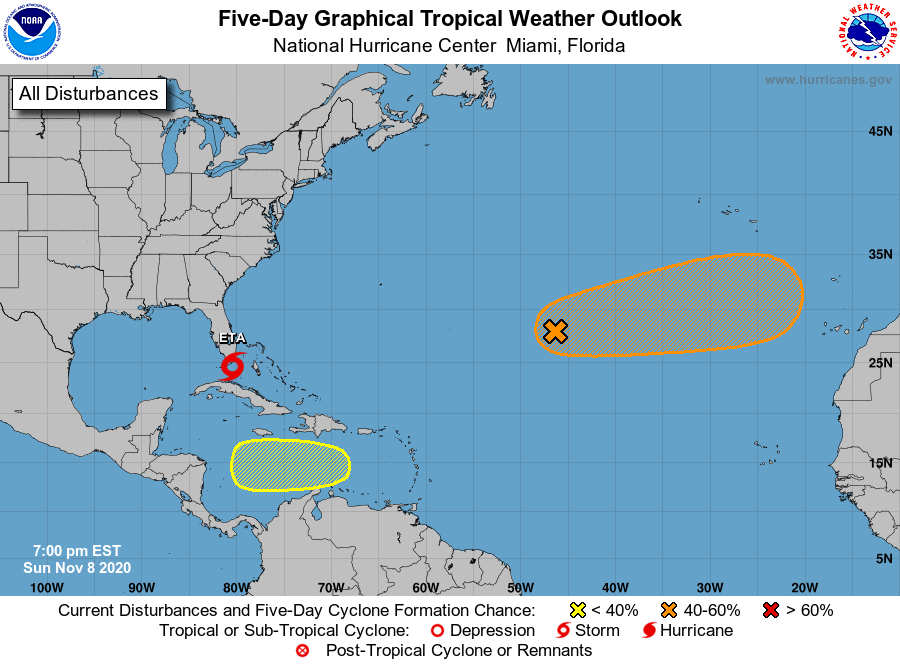
For the North Atlantic...Caribbean Sea and the Gulf of Mexico:

The National Hurricane Center is issuing advisories on Tropical Storm Eta, located just southeast of the southern Florida Peninsula and the Florida Keys.

1. A low pressure system is located several hundred miles southwest of the Azores. Shower and thunderstorm activity associated with the system is beginning to show some signs of organization. This low could develop further over the next several days, and a tropical or subtropical storm could develop by the end of the week while this system moves eastward or east-northeastward over the northeastern Atlantic Ocean.
* Formation chance through 48 hours...low...30 percent.
* Formation chance through 5 days...medium...40 percent.

2. A tropical wave is forecast to move over the central Caribbean Sea, where an area of low pressure could form in a few days. Environmental conditions are forecast to be conducive for development as the system moves slowly westward through the end of the week.
* Formation chance through 48 hours...low...near 0 percent.
* Formation chance through 5 days...low...30 percent.

Forecaster Papin/Beven